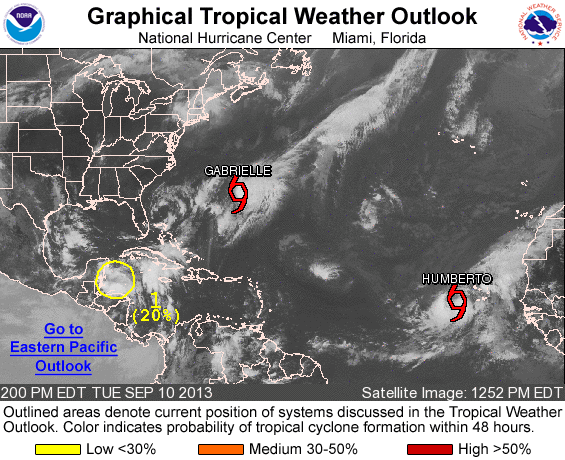
FOR THE NORTH ATLANTIC...CARIBBEAN SEA AND THE GULF OF MEXICO...

THE NATIONAL HURRICANE CENTER IS ISSUING ADVISORIES ON TROPICAL STORM HUMBERTO...LOCATED A COUPLE HUNDRED MILES WEST OF THE SOUTHERNMOST CAPE VERDE ISLANDS...AND ON TROPICAL STORM GABRIELLE...LOCATED JUST SOUTH OF BERMUDA.

1. A TROUGH OF LOW PRESSURE JUST OFF THE COAST OF BELIZE AND THE YUCATAN PENINSULA IS PRODUCING A LARGE AREA OF DISORGANIZED SHOWERS AND THUNDERSTORMS OVER THE NORTHWESTERN CARIBBEAN SEA. THE TROUGH IS EXPECTED TO MOVE SLOWLY WEST-NORTHWESTWARD AT 5 TO 10 MPH...AND WILL BEGIN MOVING ACROSS THE YUCATAN PENINSULA TONIGHT...AND ENTER THE BAY OF CAMPECHE EARLY THURSDAY. SIGNIFICANT DEVELOPMENT IS NOT EXPECTED WHILE THE TROUGH MOVES OVER LAND...AND THIS SYSTEM HAS A LOW CHANCE...20 PERCENT...OF BECOMING A TROPICAL CYCLONE DURING THE NEXT 48 HOURS. UPPER-LEVEL WINDS SHOULD BE CONDUCIVE FOR THE FORMATION OF A TROPICAL DEPRESSION OVER THE SOUTHWESTERN GULF OF MEXICO LATER IN THE WEEK...AND THIS SYSTEM HAS A HIGH CHANCE...70 PERCENT...OF BECOMING A TROPICAL CYCLONE DURING THE NEXT 5 DAYS.

PUBLIC ADVISORIES ON GABRIELLE ARE ISSUED UNDER WMO HEADER WTNT32 KNHC AND UNDER AWIPS HEADER MIATCPAT2. FORECAST/ADVISORIES ON GABRIELLE ARE ISSUED UNDER WMO HEADER WTNT22 KNHC AND UNDER AWIPS HEADER MIATCMAT2.

FIVE-DAY FORMATION PROBABILITIES ARE EXPERIMENTAL IN 2013. COMMENTS ON THE EXPERIMENTAL FORECASTS CAN BE PROVIDED AT... HTTP://WWW.NWS.NOAA.GOV/SURVEY/NWS-SURVEY.PHP?CODE=ETWO

FORECASTER BERG